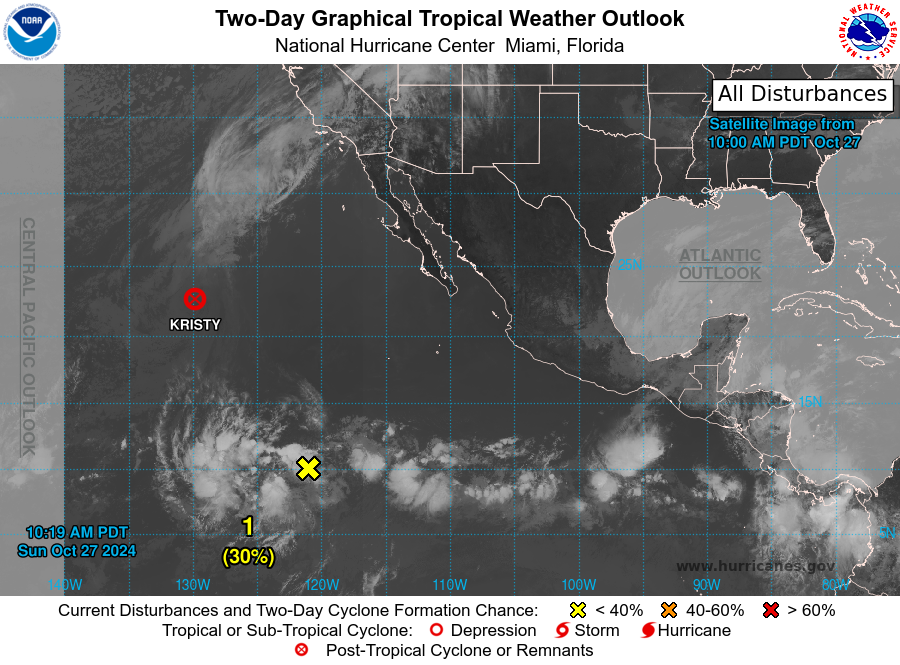
For the eastern North Pacific...east of 140 degrees west longitude:

Active Systems: The National Hurricane Center has issued the last advisory on Post-Tropical Cyclone Kristy, located over the western portion of the eastern Pacific basin.

1. Western East Pacific (EP91): A broad area of low pressure located more than 1000 miles southwest of the southern tip of the Baja California peninsula is producing disorganized showers and thunderstorms. Environmental conditions appear conducive for gradual development of this system, and a tropical depression is likely to form within the next few days while it moves westward or west-northwestward at about 15 mph over the western portion of the eastern Pacific basin. This system is expected to move into the central Pacific basin on Wednesday or Thursday.
* Formation chance through 48 hours...low...30 percent.
* Formation chance through 7 days...high...80 percent.

2. Central East Pacific: A low pressure system could form within the next day or two several hundred miles south-southwest of the southern tip of the Baja California peninsula. Some slow development is possible thereafter as the system moves slowly toward the west-northwest.
* Formation chance through 48 hours...low...near 0 percent.
* Formation chance through 7 days...low...20 percent.

Forecaster Hagen